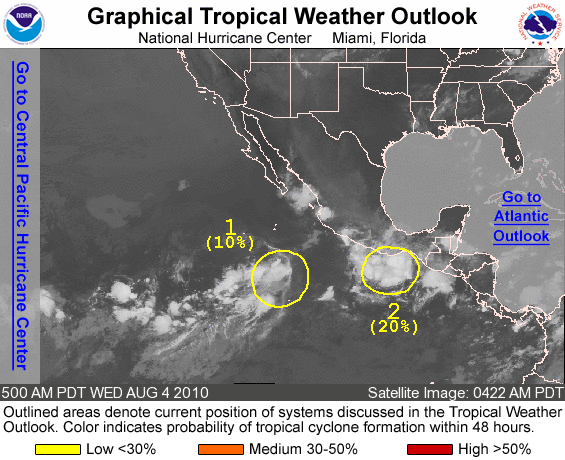
FOR THE EASTERN NORTH PACIFIC...EAST OF 140 DEGREES WEST LONGITUDE..

1. DISORGANIZED SHOWERS AND THUNDERSTORMS ARE OCCURRING WITH A BROAD AREA OF LOW PRESSURE LOCATED ABOUT 650 MILES SOUTH OF THE SOUTHERN TIP OF BAJA CALIFORNIA. THIS SYSTEM IS MOVING WEST-NORTHWESTWARD AT ABOUT 10 MPH...AND UPPER-LEVEL WINDS ARE EXPECTED TO REMAIN UNFAVORABLE FOR DEVELOPMENT. THERE IS A LOW CHANCE...10 PERCENT... OF THIS SYSTEM BECOMING A TROPICAL CYCLONE DURING THE NEXT 48 HOURS.

2. A WESTWARD-MOVING LOW PRESSURE SYSTEM IS PRODUCING A SMALL AREA OF THUNDERSTORMS OVER THE GULF OF TEHUANTEPEC. ANY DEVELOPMENT OF THIS DISTURBANCE SHOULD BE SLOW TO OCCUR DUE TO PROXIMITY TO LAND. THERE IS A LOW CHANCE...20 PERCENT...OF THIS SYSTEM BECOMING A TROPICAL CYCLONE DURING THE NEXT 48 HOURS.

ELSEWHERE...TROPICAL CYCLONE FORMATION IS NOT EXPECTED DURING THE NEXT 48 HOURS.

FORECASTER STEWART